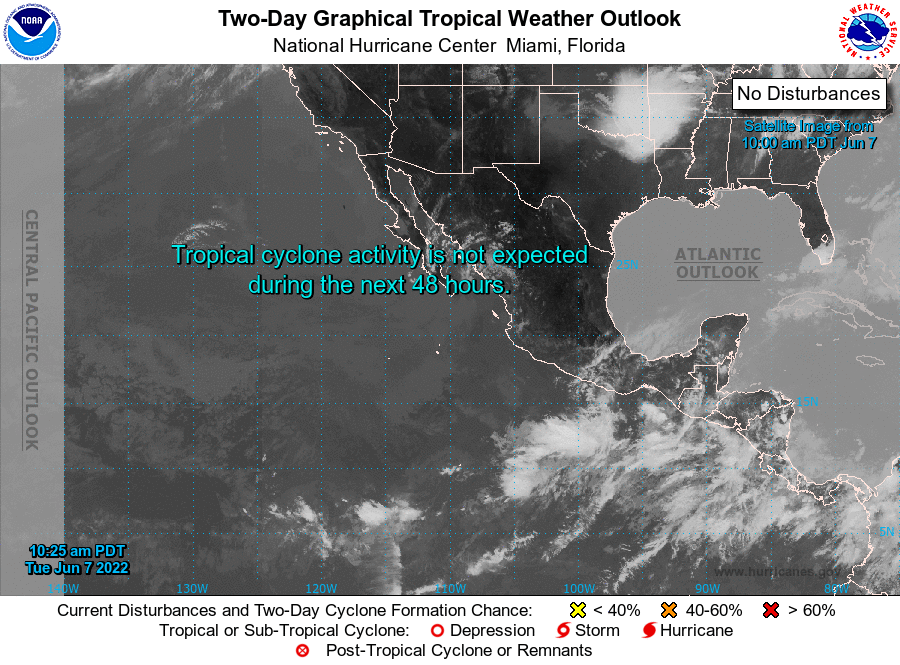
For the eastern North Pacific...east of 140 degrees west longitude:

1.

1. South of the Gulf of Tehuantepec: An area of low pressure is forecast to form just to the south of the Gulf of Tehuantepec later this week. Some development of this system is possible thereafter while it moves little or drifts northward.
* Formation chance through 48 hours...low...near 0 percent.
* Formation chance through 5 days...low...20 percent.

Forecaster Pasch